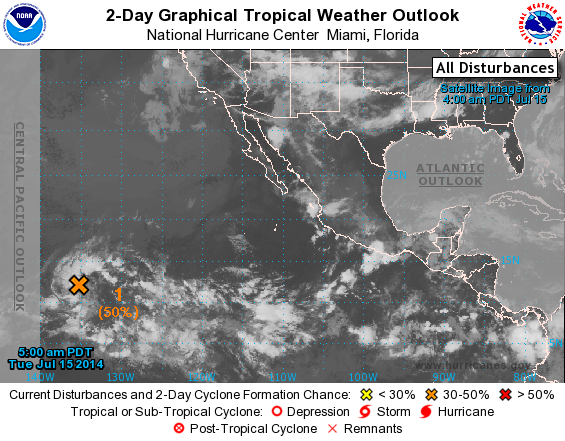
For the eastern North Pacific...east of 140 degrees west longitude:

1. Shower activity associated with an area of low pressure located about 1400 miles east-southeast of the Big Island of Hawaii has changed little in organization during the past several hours. Environmental conditions appear to be conducive for some development, and this system could still become a tropical depression during the next couple of days. After that time, upper-level winds are forecast to become less favorable for development. This low is expected to move toward the west or west-northwest at 10 to 15 mph and move into the central Pacific Basin late on Wednesday.
* Formation chance through 48 hours...medium...50 percent.
* Formation chance through 5 days...high...60 percent.

Forecaster Avila